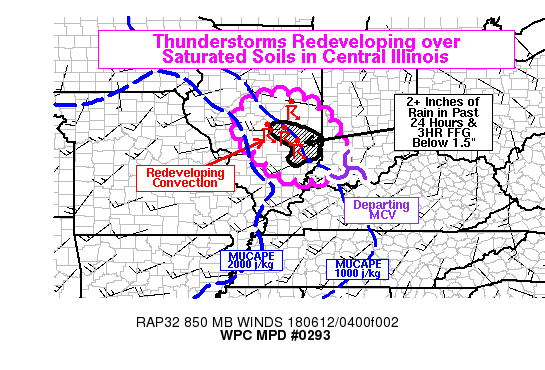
AREAS AFFECTED...CTRL AND SE ILLINOIS...FAR SW INDIANA

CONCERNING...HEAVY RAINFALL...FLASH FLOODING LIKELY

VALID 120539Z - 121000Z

SUMMARY...THUNDERSTORMS WERE REDEVELOPING IN CENTRAL ILLINOIS
AROUND MIDNIGHT LOCAL TIME...ALMOST IMMEDIATELY ON TOP OF AREAS
THAT HAVE RECEIVED SIGNIFICANT RAINFALL IN THE PAST 24 HOURS.
THESE SLOW-MOVING STORMS MAY PRODUCE RAINFALL RATES OF 1-2 IN/HR
AND FLASH FLOODING GIVEN THE ALREADY SATURATED SOILS.

DISCUSSION...AN EARLIER MCS THAT MOVED FROM SOUTH-CENTRAL ILLINOIS
INTO SOUTHWEST INDIANA HAS BEGUN TO DECAY...AND THE ASSOCIATED MCV
WAS SLOWLY PUSHING EAST INTO NORTHERN KENTUCKY. DESPITE LIMITED
RECOVERY TIME IN THE WAKE OF THE EARLIER MCS... CONVECTIVE
INITIATION IS ALREADY TAKING PLACE ACROSS PORTIONS OF CENTRAL
ILLINOIS IN NEARLY THE SAME PLACE THAT THE EARLIER MCS TRACKED.
NSSL QUANTITATIVE PRECIPITATION ESTIMATES OVER THE PAST 24 HOURS
WERE GENERALLY IN EXCESS OF 2 INCHES...AND AS HIGH AS 5-6 INCHES
IN SOME AREAS. FLASH FLOOD GUIDANCE WAS UNDERSTANDABLY LOWER IN
THIS REGION WITH 3HR FFG BELOW 1.5 INCHES. THE COMBINATION OF
SLOW-MOVING CONVECTION DEVELOPING OVER ALREADY SATURATED SOILS
SHOULD CONTRIBUTE TO AN INHERENT THREAT OF FLASH FLOODING.

POTENTIALLY INCREASING THE THREAT WOULD BE BROAD LOW-LEVEL INFLOW
FROM THE WSW...WITH 850MB WINDS AROUND 20 KNOTS CERTAINLY ENOUGH
TO FOCUS CONVECTION OVER SEVERAL HOURS. THE INFLOW REGION WAS ALSO
CHARACTERIZED BY MUCAPE AROUND 1000-2000 J/KG...SUFFICIENT FOR
ORGANIZED CONVECTIVE CLUSTERS (AND KILX RADAR SHOWED THAT THIS MAY
ALREADY BE OCCURRING). RECENT RUNS OF THE HRRR AND THE 00Z HREF
SHOW POTENTIAL FOR BACKBUILDING OF THIS CONVECTION TO THE NNW
ALONG THE EFFECTIVE 850MB FRONT...WITH RAIN RATES IN THE 1-2 IN/HR
RANGE AND LOCALIZED RAINFALL TOTALS IN THE 2-4 INCH RANGE FOR
AREAS THAT RECEIVE MORE PERSISTENT THUNDERSTORMS.